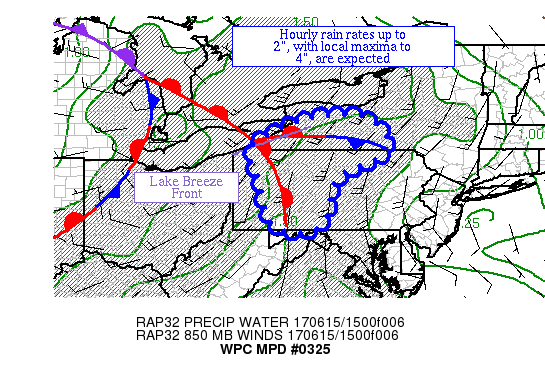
AREAS AFFECTED...WESTERN NY & WESTERN PA

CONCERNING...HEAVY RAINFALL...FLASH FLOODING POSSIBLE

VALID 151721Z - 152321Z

SUMMARY...THUNDERSTORMS CAUSED BY DAYTIME ARE STARTING TO BUILD
ACROSS THE REGION. HOURLY RAIN RATES TO 2", WITH LOCAL AMOUNTS OF
4", ARE POSSIBLE.

DISCUSSION...MESOSCALE ANALYSIS AND SATELLITE IMAGERY REVEAL THREE
BOUNDARIES -- ONE ACROSS SOUTHWEST NY WHICH WAS RECENTLY
REINFORCED BY A THUNDERSTORM CLUSTER, A SLOWLY EASTWARD-MOVING
WARM FRONT IN EASTERN PA NEAR THE ALLEGHENY MOUNTAINS, AND A LAKE
BREEZE FRONT IN FAR NORTHWEST PA AND FAR WESTERN NY.  PRECIPITABLE
WATER VALUES ARE 1.5-1.75" PER 14Z GPS DATA.  INFLOW AT 850 HPA IS
CONVERGENT AT 15 KTS PER VAD WIND PROFILES ACROSS WESTERN PA AND
WESTERN NY, NEAR THE MAGNITUDE OF THE MEAN 850-400 HPA WIND.
MLCAPES ARE 500-1000 J/KG AND RISING.  UPSTREAM EFFECTIVE BULK
SHEAR IN EASTERN OH IS 25 KTS.  A SUBTLE SHORTWAVE ALOFT APPEARS
TO BE CROSSING WESTERN LAKE ERIE PER WATER VAPOR IMAGERY.

ANOTHER 500-1000 J/KG OF MLCAPE IS EXPECTED TO BUILD DUE TO
DAYTIME HEATING.  WITH INCREASINGLY CONGESTED CUMULI ALONG THE
ALLEGHENY MOUNTAINS OF PA, THUNDERSTORMS ARE EXPECTED TO SOON
STRETCH THROUGH THE LENGTH OF THE MOUNTAIN CHAIN AND BUILD ALONG
THE SURFACE BOUNDARY IN SOUTHWEST NY.  INSTABILITY FIELDS INDICATE
THAT THUNDERSTORMS SHOULD REACH THE APEX OF THEIR COVERAGE BY 00Z,
WHICH WAS ALSO REFLECTED IN THE 06Z SSEO NEIGHBORHOOD
PROBABILITIES OF EXCEEDING FLASH FLOOD GUIDANCE, WITH THE
STRONGEST SIGNAL IN WESTERN NY.

AS STORMS ARE ALSO FORMING IN PA, IT IS POSSIBLE THAT THE
INSTABILITY POOL COULD ERODE MORE THAN FORECAST WHICH COULD
THEORETICALLY SHIFT MAXIMUM AMOUNTS SOUTH OF WHAT IS CURRENTLY
SEEN IN THE MESOSCALE GUIDANCE.  LOW-LEVEL INFLOW AND EFFECTIVE
BULK SHEAR ARE EXPECTED TO INCREASE WITH TIME, ORGANIZING
CONVECTION.  HEAVY RAIN CORES SHOULD MOVE EAST-SOUTHEAST AT 15-20
KTS IN SOUTHWEST NY/NORTHWEST PA NEAR THE TOP OF THE INSTABILITY
POOL, WHILE NORTHEAST MOTION AT 15-20 KTS IS EXPECTED IN WESTERN
PA.  CELL MERGERS ARE POSSIBLE, PARTICULARLY IN THE NORTHERN
PORTION OF THE AREA, ALONG WITH BRIEF PERIODS OF CELL TRAINING.
THERE WAS A STRONG SIGNAL FOR LOCAL AMOUNTS UP TO 4", WITH THE WRF
NSSL SHOWING LOCAL AMOUNTS UP TO 8" THROUGH 23Z.  WITH HOURLY RAIN
RATES UP TO 2", LOCAL AMOUNTS TO 4" APPEAR MORE PROBABLE.